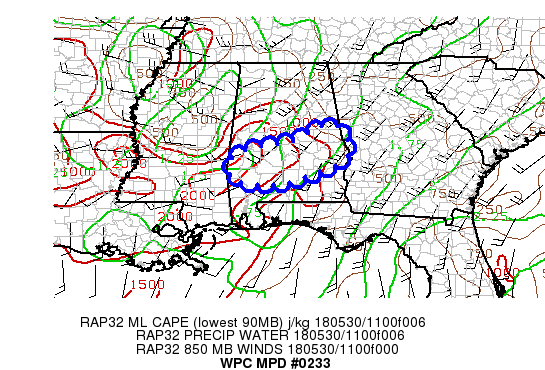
AREAS AFFECTED......CENTRAL TO SOUTHERN ALABAMA...

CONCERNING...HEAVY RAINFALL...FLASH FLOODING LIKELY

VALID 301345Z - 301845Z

SUMMARY...HEAVY RAINFALL RATES WITH STORMS IN CENTRAL TO SOUTHERN
ALABAMA EXPECTED TO CONTINUE INTO THIS AFTERNOON...WITH FLASH
FLOODING LIKELY.

DISCUSSION...BIRMINGHAM AL RADAR CONTINUES TO SHOW TRAINING
CONVECTION PRODUCING RAINFALL RATES OF 1-3 IN/HR ACROSS CENTRAL
ALABAMA.  AN OBSERVATION FROM EUTAW AL HAD 3.55 INCHES IN THE LAST
6 HOURS WITH THE CORE OF HEAVIEST RAIN SOUTH OF THERE WITH THE
LIKELIHOOD OF 5-6 INCHES JUST SOUTH OF EUTAW.

THE TRAINING MOTION IS LEADING TO HEAVY TOTALS BOTH IN THE
OBSERVED AND FORECAST AMOUNTS. THE 06Z NAM CONUS NEST AND 11-12
HIGH RES RAPID REFRESH RUNS HAVE PICKED UP ON THE EVENT BUT THE
ACTIVITY HAS BUILT SOUTH OF THOSE FORECASTS, SO THE THREAT AREA
ALIGNS WITH BOTH CONTINUITY AND THE EXPECTATION OF THE
SHOWERS/STORMS BUILDING TOWARDS THE AXIS OF HIGHER MIXED LAYER
CAPES TO THE SOUTH AND ALSO TOWARDS THE RELATIVE MAXIMA IN THE 850
MB FLOW...WHERE THE NAM AND GFS ARE FORECASTING 850 MB CONVERGENCE
MAXIMA.  HIGH MOISTURE REMAINS IN PLACE WITH THE 12Z RAP ANALYSIS
SHOWING 2-2.2 INCHES OF PRECIPITABLE WATER.

A SERIES OF SHORTWAVES ROTATING AROUND THE BASE OF AN UPPER LEVEL
TROUGH OVER MS
PROVIDE FAVORED DIFLUENT FLOW WITH MULTIPLE 300 MB DIVERGENCE
MAXIMA FORECAST BY THE RAP THROUGH THIS AFTERNOON, SUPPORTING
ADDITIONAL STORMS DEVELOPING.

VERY EFFICIENT RAINFALL PROCESSES ALONG WITH TRAINING CONVECTION
SHOULD CONTINUE INTO THIS AFTERNOON...PRODUCING HEAVY RAINFALL
AMOUNTS ACROSS AREAS WITH NEARLY SATURATED TO SATURATED
SOILS...MAKING  FLASH FLOODING LIKELY.  ANOTHER 2-4 INCHES OF RAIN
IS LIKELY WITH ISOLATED POCKETS OF 5-6 INCHES LIKELY.